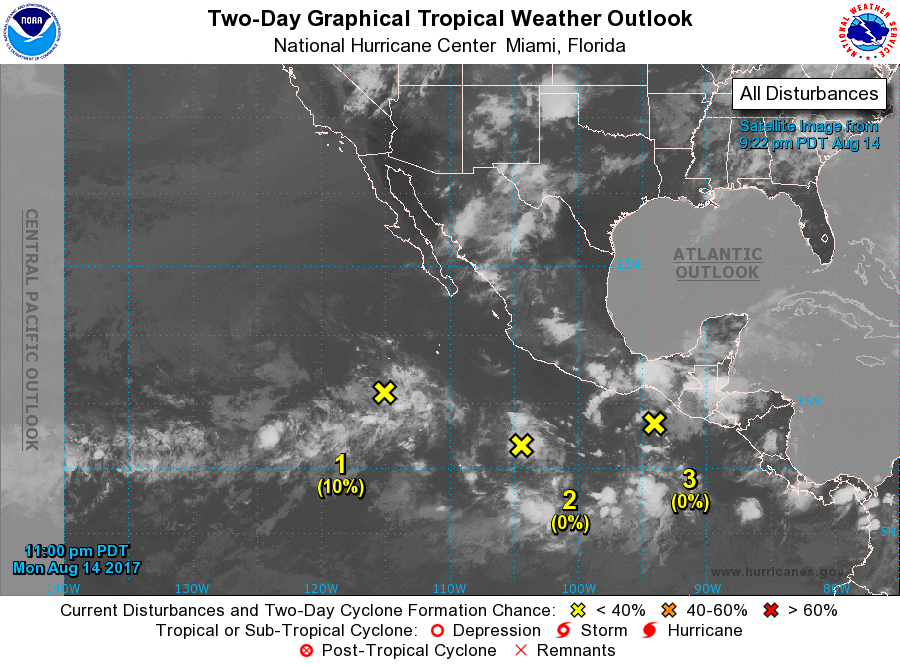
For the eastern North Pacific...east of 140 degrees west longitude:

1. An area of disturbed weather located several hundred miles southwest of the southern tip of the Baja California peninsula is poorly organized. Development of this system, if any, will likely occur later this week while it moves slowly westward.
* Formation chance through 48 hours...low...10 percent.
* Formation chance through 5 days...low...20 percent.

2. Showers and thunderstorms associated with a westward moving trough of low pressure located several hundred miles southwest of Acapulco, Mexico, remain disorganized. Development of this system has become less likely.
* Formation chance through 48 hours...low...near 0 percent.
* Formation chance through 5 days...low...10 percent.

3. A tropical wave near the Gulf of Tehuantepec is producing a few showers and thunderstorms. Some development of this system is possible in a few days while it moves westward to west-northwestward at 10 to 15 mph.
* Formation chance through 48 hours...low...near 0 percent.
* Formation chance through 5 days...low...20 percent.

Forecaster Avila